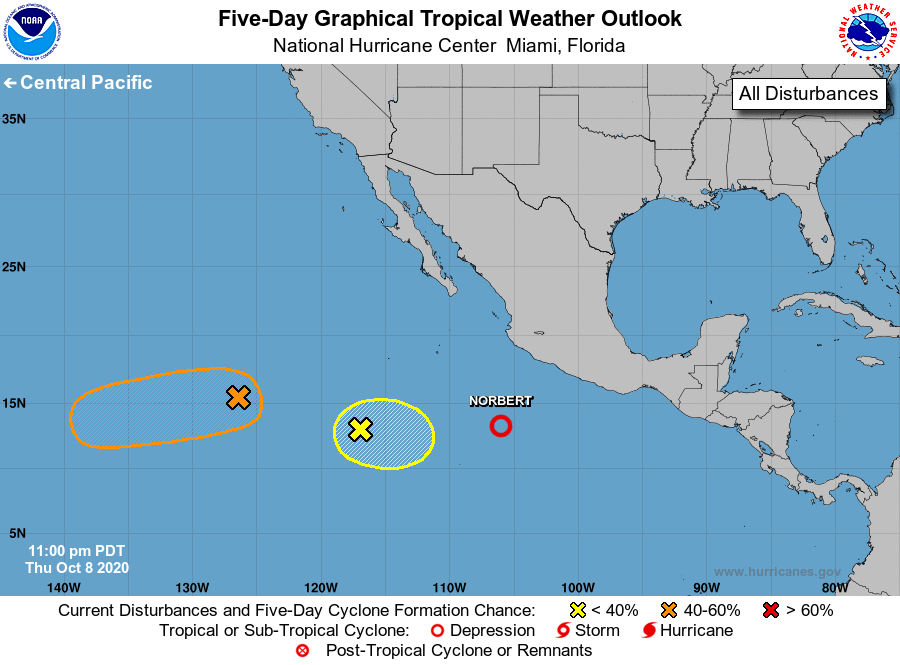
For the eastern North Pacific...east of 140 degrees west longitude:

The National Hurricane Center is issuing advisories on Tropical Depression Norbert, located several hundred miles south-southwest of Manzanillo, Mexico.

1. Showers and thunderstorms remain disorganized as dry mid-level air surrounds a small low pressure system located around 1000 miles west-southwest of the southern tip of the Baja California peninsula. Environmental conditions are forecast to be only somewhat conducive for development, but a tropical depression could still form while the low moves toward the west or west-southwest at about 10 mph during the next few days.
* Formation chance through 48 hours...medium...50 percent.
* Formation chance through 5 days...medium...60 percent.

2. A weak, broad area of low pressure located about 750 miles southwest of the southern tip of the Baja California peninsula is producing limited shower and thunderstorm activity. Development of this system is unlikely as it drifts toward the southeast or east during the next couple of days. This system is then forecast to dissipate near Tropical Depression Norbert early next week.
* Formation chance through 48 hours...low...10 percent.
* Formation chance through 5 days...low...10 percent.

Forecaster Reinhart/Zelinsky